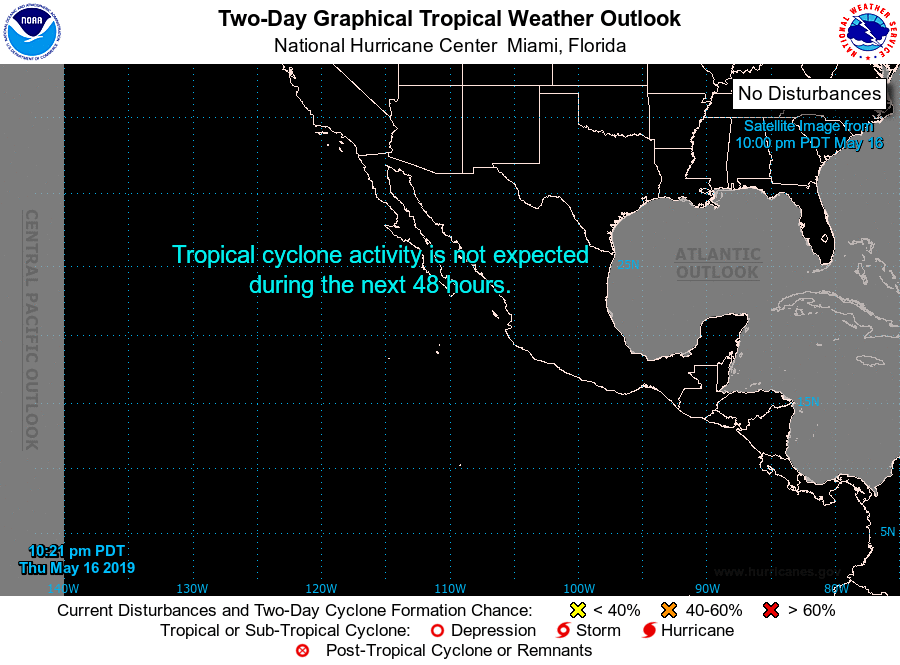
For the eastern North Pacific...east of 140 degrees west longitude:

1. An elongated area of low pressure continues to produce widespread but disorganized cloudiness and showers a few hundred miles south of the southern coast of Mexico. Some gradual development will be possible in a few days while the broad disturbance meanders or drifts slowly eastward.
* Formation chance through 48 hours...low...near 0 percent.
* Formation chance through 5 days...low...30 percent.

Forecaster Stewart